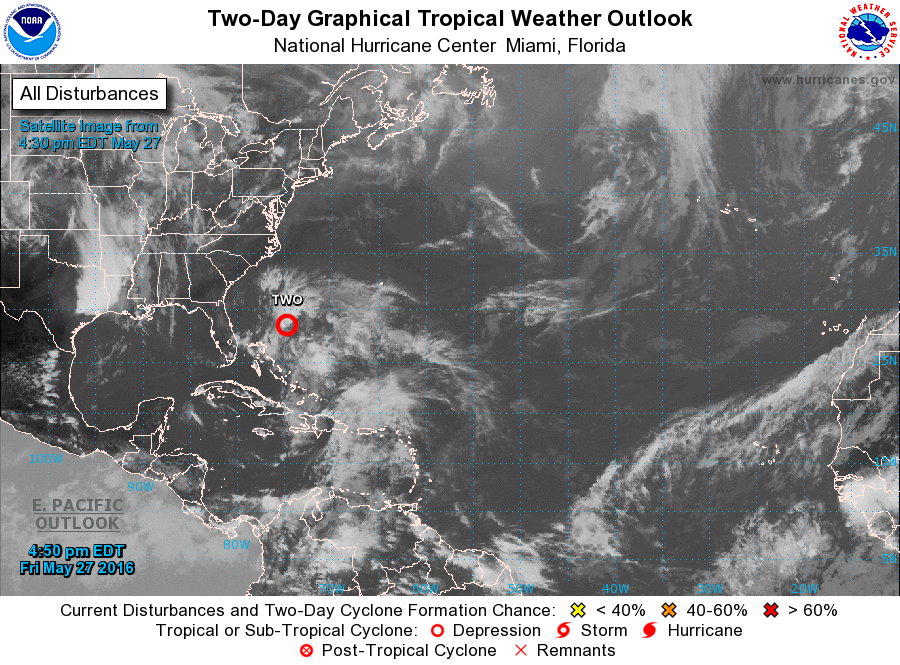
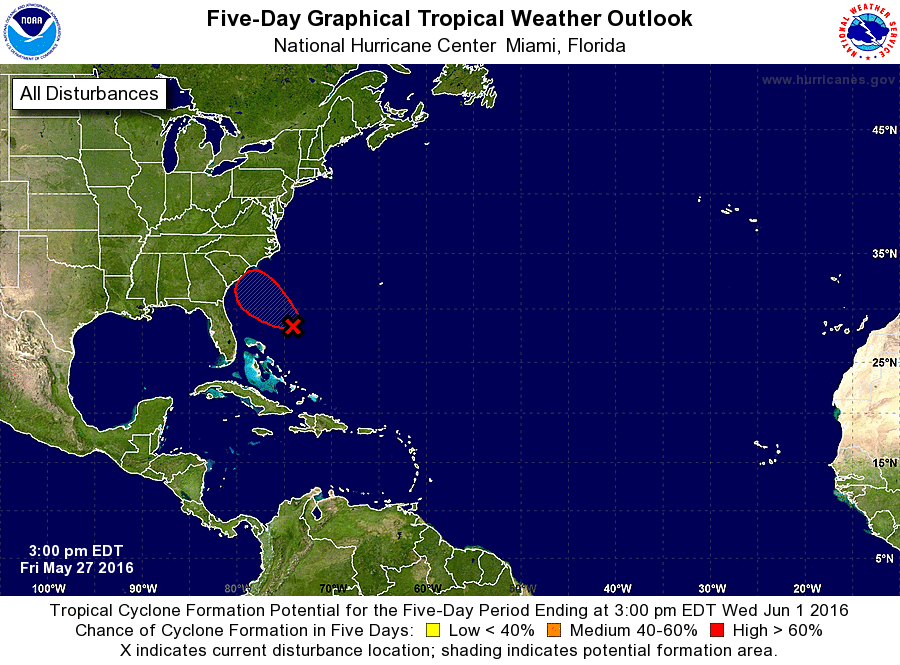
For the North Atlantic...Caribbean Sea and the Gulf of Mexico:

Shower and thunderstorm activity has become more concentrated with the area of low pressure located about 450 miles southeast of Charleston, South Carolina. An Air Force Reserve Hurricane Hunter aircraft is currently investigating the low to determine if it has acquired a well-defined surface circulation. Environmental conditions are favorable for this system to become a tropical cyclone later today or on Saturday while it moves west-northwestward toward the southeastern United States coast. Interests from Georgia through North Carolina should monitor the progress of this low.

1. If advisories are not initiated this afternoon, the next Special Tropical Weather Outlook on this disturbance will be issued by 8 PM EDT this evening. For additional information on this system, please see High Seas Forecasts as well as products issued by your local National Weather Service forecast office.
* Formation chance through 48 hours...high...90 percent
* Formation chance through 5 days...high...90 percent

High Seas Forecasts issued by the National Weather Service can be found under AWIPS Header NFDHSFAT1 and WMO Header FZNT01 KWBC.

Forecaster Stewart